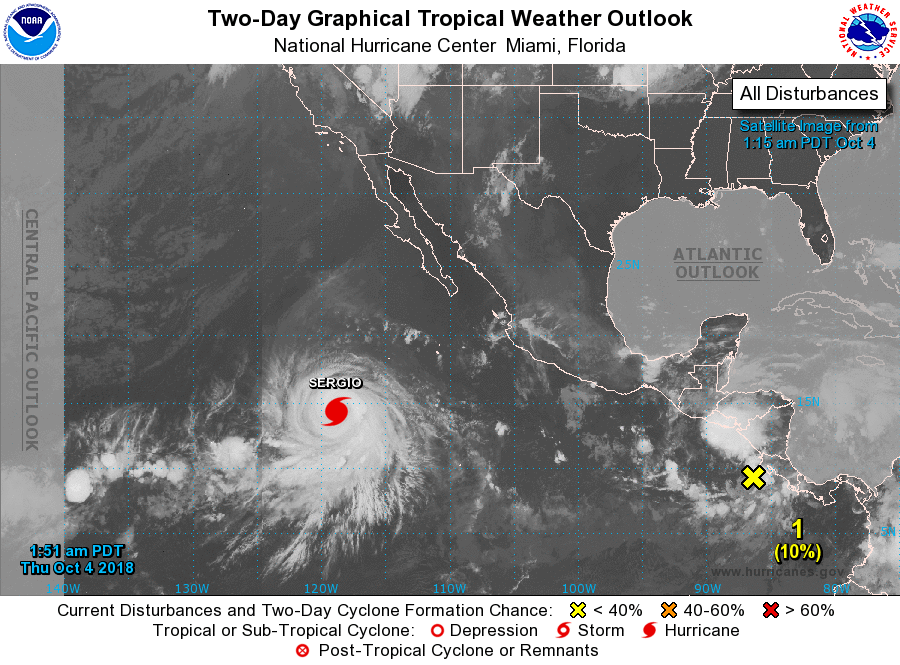
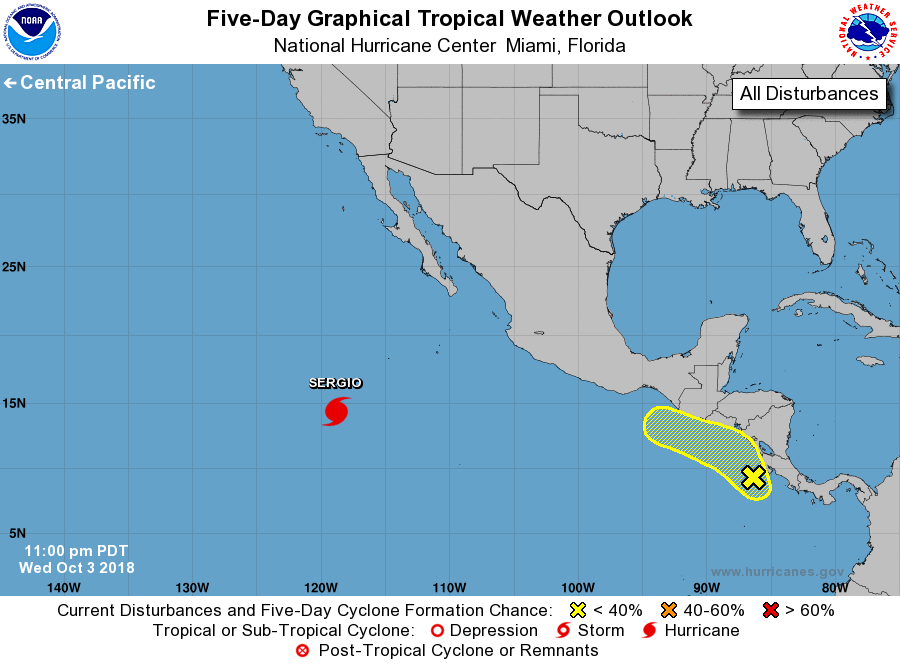
For the eastern North Pacific...east of 140 degrees west longitude:

The National Hurricane Center is issuing advisories on Hurricane Sergio, located several hundred miles southwest of the southern tip of the Baja California peninsula.

1. Disorganized showers and thunderstorms located just southwest of Costa Rica are associated with a broad area of low pressure. Some slow development of this system is possible over the next several days as the low drifts northward and northwestward near Central America. Regardless of development, heavy rains could cause flash floods and mudslides in mountainous areas of western Costa Rica, Nicaragua, Honduras, El Salvador and Guatemala through early next week.
* Formation chance through 48 hours...low...10 percent.
* Formation chance through 5 days...low...30 percent.

Forecaster Berg